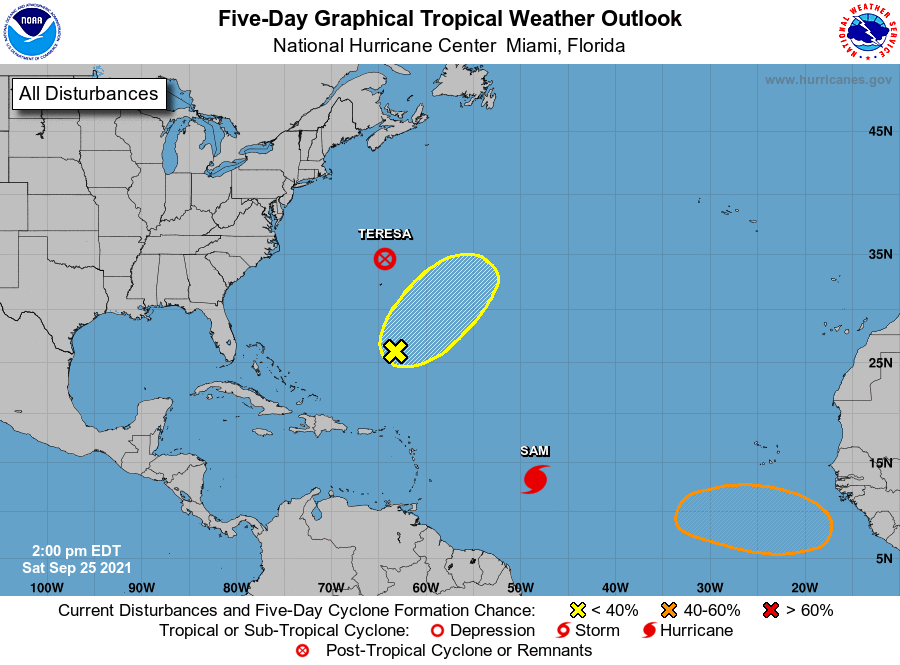
For the North Atlantic...Caribbean Sea and the Gulf of Mexico:

The National Hurricane Center is issuing advisories on Hurricane Sam, located almost 1100 miles east-southeast of the northern Leeward Islands, and on recently downgraded Subtropical Depression Teresa, located about 140 miles north of Bermuda.

1. An area of disorganized showers and thunderstorms associated with the remnants of Peter is located several hundred miles south of Bermuda. Environmental conditions appear marginally conducive for slow development of this disturbance over the next few days as it moves northeastward at 5 to 10 mph.
*Formation chance through 48 hours...low...10 percent.
*Formation chance through 5 days...low...20 percent.

2. A tropical wave is expected to move off the west coast of Africa by early Monday. Thereafter, environmental conditions are forecast to be conducive for gradual development, and a tropical depression could form by the middle of next week while the system moves westward at 10 to 15 mph over the far eastern tropical Atlantic.
* Formation chance through 48 hours...low...near 0 percent.
* Formation chance through 5 days...medium...60 percent.

Public Advisories on Subtropical Depression Teresa are issued under WMO header WTNT34 KNHC and under AWIPS header MIATCPAT4. Forecast/Advisories on Subtropical Depression Teresa are issued under WMO header WTNT24 KNHC and under AWIPS header MIATCMAT4.

Forecaster Beven